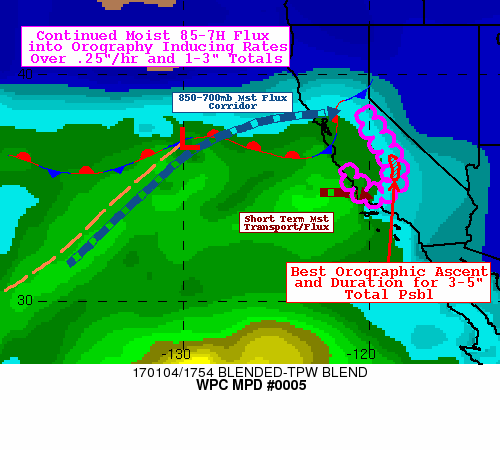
AREAS AFFECTED...CENTRAL CALIFORNIA

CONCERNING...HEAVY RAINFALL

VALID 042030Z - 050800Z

SUMMARY...CONTINUED LONG DURATION MOISTURE FLUX WITH LOWER
ELEVATION PERSISTENT MODERATE RAINFALL LEAD TO AN ADDITIONAL 3-5"
RAINS IN FAVORED OROGRAPHY.

DISCUSSION...IN THE SHORT TERM A SMALL SLUG OF INCREASED MOISTURE
(TPW TO 1.4") ALONG E-W LINE OF INCREASE SFC MOISTURE CONVERGE IS
MAXIMIZED ALONG COASTAL RANGE AND JUST OFFSHORE KSBP.  RECENT
ANALYSIS INDICATES MODERATE SURFACE FLOW WITH WINDS TO 25KTS WITH
NEARLY 60-70 DEGREES OF SOUTHERLY SFC CONVERGENT FLOW THEN ASCENDS
FAIRLY RAPIDLY AND VEERS TO DUE WESTERLY IN A NARROW CORRIDOR
AFFECTING SAN LUIS OBISPO COUNTY INTO N SANTA BARBARA COUNTY INTO
NEARLY PERPENDICULAR OROGRAPHICS.  RATES OF .25-.4"/HR WILL
CONTINUE AS THIS ZONE CONTINUES TO DROP SOUTH.  CONFLUENCE OF
REDUCING LOW LEVEL INFLOW AS WELL AS PERPENDICULAR OROGRAPHICS
WILL START TO WANE TOWARD 23-00Z REDUCING THE THREAT.

SIERRA FOOTHILLS...
WV LOOP SHOWS WELL DEVELOPED UPPER LEVEL LOW WELL WEST OF 140W
THOUGH PROVIDES BROAD SWLY INFLUENCE THAT CONTINUES TO TAP
SUBTROPICAL MOISTURE FEED. A SHORTWAVE/JET SPEED MAX WITHIN THE
SOUTHWESTERLY FLOW AS REACH THE APEX OF LARGER SCALE SE-NW RIDGING
NEAR 38N130W.  THESE WEAK HEIGHT FALLS ARE SUPPORTING STRONGER
ISENTROPIC ASCENT OF THE SUBTROPICAL MOISTURE THAT WITH MODERATE
RAIN SHOWER ACTIVITY AND SOME ELEVATED INSTABILITY NORTHEAST.
THOUGH THE SHORTWAVE WILL FLATTEN AND SHEAR INTO THE DEEPER
WESTERLY FLOW AND REDUCE THE MOISTURE/INSTABILITY CHANNEL...THE
AFFECTS WILL OVERRUN THE BAY AREA LIKELY AT HIGH ENOUGH ELEVATION
WITH DRIER LOWER LEVEL TO NOT LEAD TO APPRECIABLE RAINFALL ON THE
COAST RANGE.  HOWEVER...THE TRANSPORT OF 850-7H TPWS OF UP TO
.5"-.6" WILL ADVECT ON 20-30 KT FLOW AND ASCEND RAPIDLY ALONG THE
LOWER FOOTHILLS OF THE CENTRAL SIERRAS WITH RATES UP TO .25"/HR
FOR 6-10 HRS WITH AN ADDITIONAL 1-2.5" OF RAIN IN ELEVATIONS BELOW
7K FT (SNOW ABOVE).

FURTHER SOUTH TOWARD MORE N-S ORIENTED TOPOGRAPHY OF TULARE/N KERN
COUNTY WILL BE A BIT WARMER/MORE MOIST WITH BETTER ORTHOGONAL FLOW
SUPPORTING RATES OVER .3"/HR. THEREFORE TOTALS OF 3-4" ARE LIKELY
WITH SOME ISOLATED 5-6" TOTALS POSSIBLE COMPOUNDING FLOODING
CONCERNS.  THIS ALIGNS WELL WITH CURRENT PREFERENCES TOWARD THE
HI-RES CAMS LIKE THE WRF-ARW AND THE HRRR-EXP.